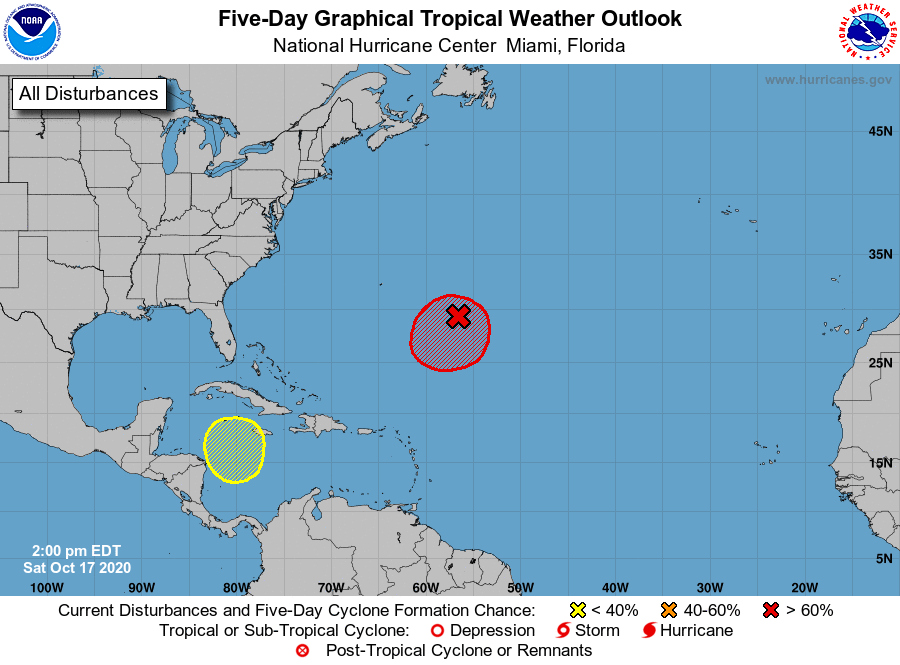
For the North Atlantic...Caribbean Sea and the Gulf of Mexico:

1. Showers and thunderstorms continue to show signs of organization in association with a non-tropical low pressure system located about 500 miles east-southeast of Bermuda. Gradual development is expected, and a subtropical depression or storm is very likely to form during the next day or two while the low meanders well to the southeast of Bermuda.
* Formation chance through 48 hours...high...80 percent.
* Formation chance through 5 days...high...90 percent.

2. A broad area of low pressure is expected to form in a few days over the southwestern Caribbean Sea. Some gradual development of this system will be possible through the middle of next week while it moves slowly northward or north-northwestward over the western Caribbean Sea.
* Formation chance through 48 hours...low...near 0 percent.
* Formation chance through 5 days...low...30 percent.

Forecaster Blake